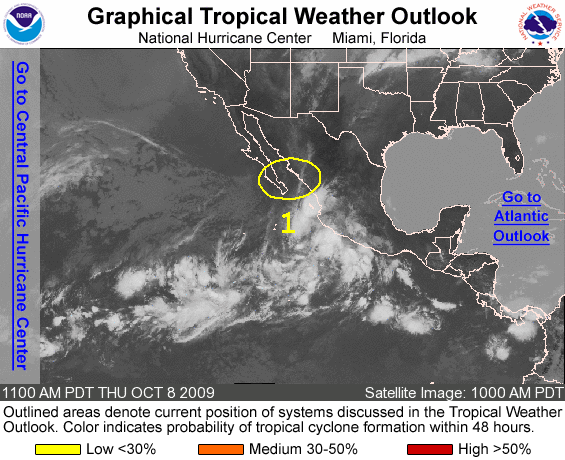
FOR THE EASTERN NORTH PACIFIC...EAST OF 140 DEGREES WEST LONGITUDE..

1. A LARGE AREA OF SHOWERS AND THUNDERSTORMS EXTENDING FROM SOUTHWESTERN MEXICO INTO THE EASTERN PACIFIC FOR SEVERAL HUNDRED MILES IS ASSOCIATED WITH A TROPICAL WAVE. SOME DEVELOPMENT OF THIS SYSTEM IS POSSIBLE AS IT MOVES SLOWLY NORTHWESTWARD. THERE IS A LOW CHANCE...LESS THAN 30 PERCENT...OF THIS SYSTEM BECOMING A TROPICAL CYCLONE DURING THE NEXT 48 HOURS.

ELSEWHERE...TROPICAL CYCLONE FORMATION IS NOT EXPECTED DURING THE NEXT 48 HOURS.

FORECASTER BLAKE